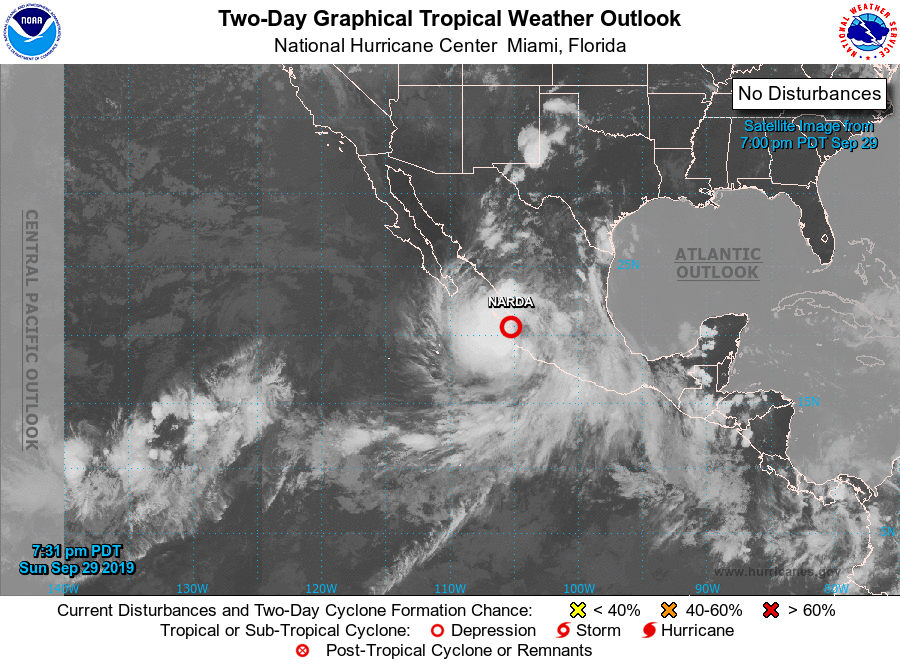
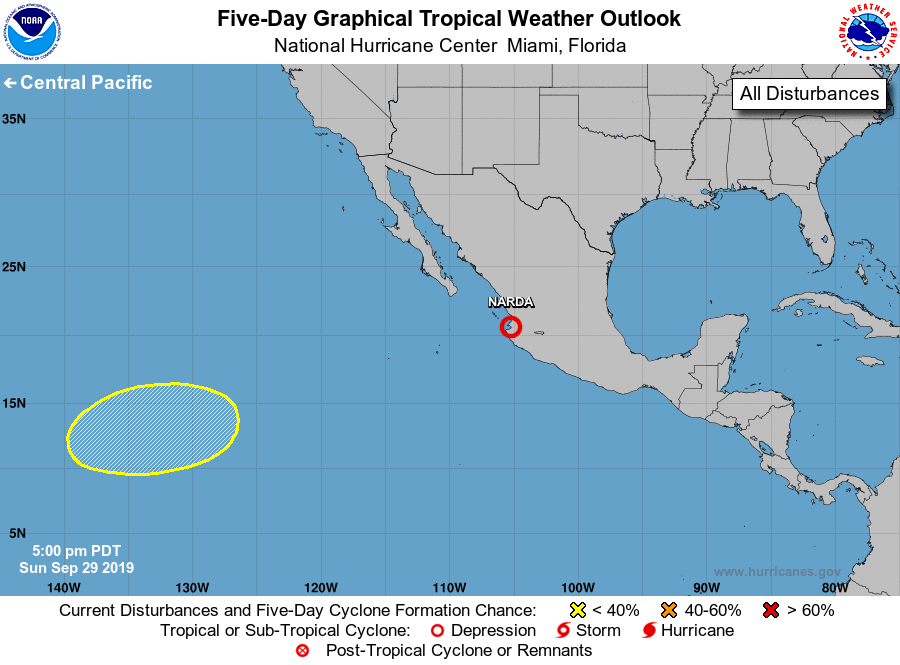
For the eastern North Pacific...east of 140 degrees west longitude:

The National Hurricane Center is issuing advisories on recently downgraded Tropical Depression Narda, located inland over southwestern Mexico.

1. An area of low pressure is expected to form over the far southwestern portion of the eastern North Pacific early this week. Some gradual development is possible thereafter while the system drifts slowly eastward or northeastward.
* Formation chance through 48 hours...low...near 0 percent.
* Formation chance through 5 days...low...20 percent.

Forecaster Stewart